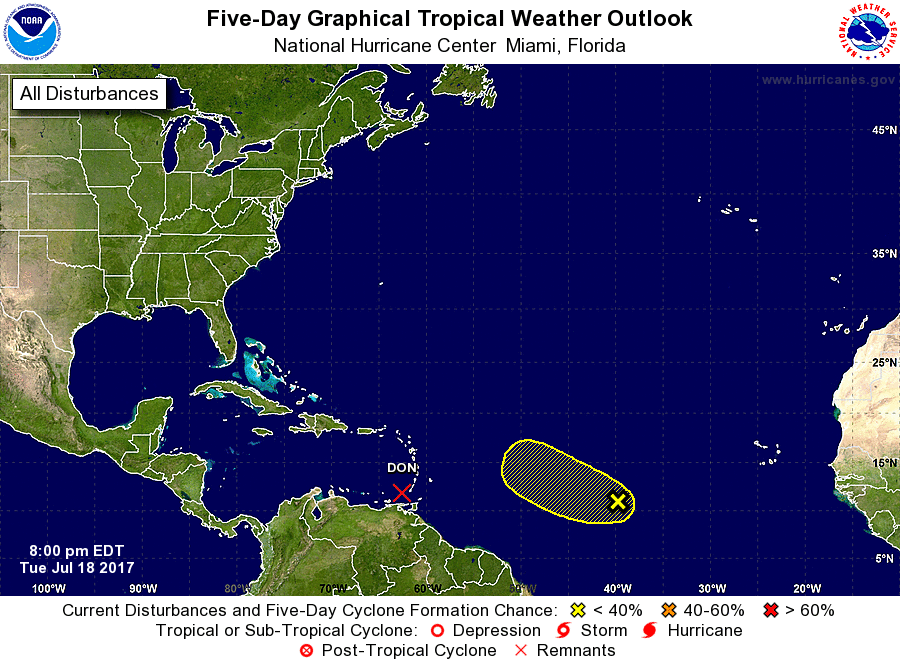
For the North Atlantic...Caribbean Sea and the Gulf of Mexico:

The National Hurricane Center is issuing advisories on Tropical Storm Don, located just to the east-southeast of Grenada.

1. Showers and thunderstorms remain limited in association with a low pressure system located over 1000 miles west-southwest of the Cabo Verde Islands. Some slow development of this system is possible during the next day or two while it moves toward the west-northwest or northwest at 10 to 15 mph. After that time, environmental conditions are forecast to become unfavorable for development.
* Formation chance through 48 hours...low...30 percent.
* Formation chance through 5 days...low...30 percent.

Forecaster Roberts